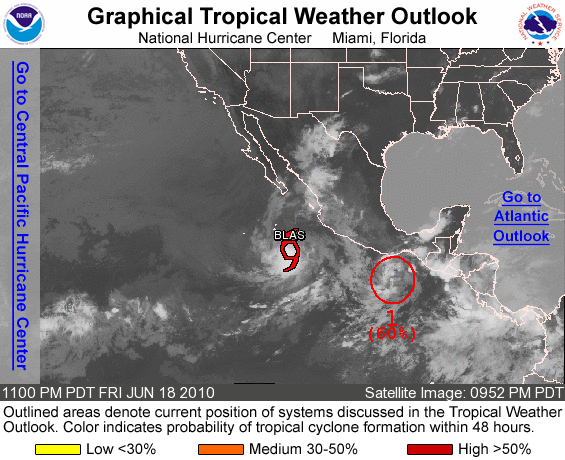
FOR THE EASTERN NORTH PACIFIC...EAST OF 140 DEGREES WEST LONGITUDE..

THE NATIONAL HURRICANE CENTER IS ISSUING ADVISORIES ON TROPICAL STORM BLAS LOCATED ABOUT 335 MILES WEST-SOUTHWEST OF MANZANILLO MEXICO.

1. AN AREA OF LOW PRESSURE LOCATED ABOUT 325 MILES SOUTHEAST OF ACAPULCO MEXICO CONTINUES TO SHOW SIGNS OF ORGANIZATION. HOWEVER... SHOWERS AND THUNDERSTORMS ASSOCIATED WITH THE LOW REMAIN SOMEWHAT DISORGANIZED. ENVIRONMENTAL CONDITIONS APPEAR CONDUCIVE FOR SOME ADDITIONAL DEVELOPMENT...AND A TROPICAL DEPRESSION COULD FORM DURING THE NEXT DAY OR TWO AS THE SYSTEM MOVES SLOWLY WESTWARD OR WEST-NORTHWESTWARD. THERE IS A HIGH CHANCE...60 PERCENT...OF THIS SYSTEM BECOMING A TROPICAL CYCLONE DURING THE NEXT 48 HOURS.

ELSEWHERE...TROPICAL CYCLONE FORMATION IS NOT EXPECTED DURING THE NEXT 48 HOURS.

FORECASTER KIMBERLAIN